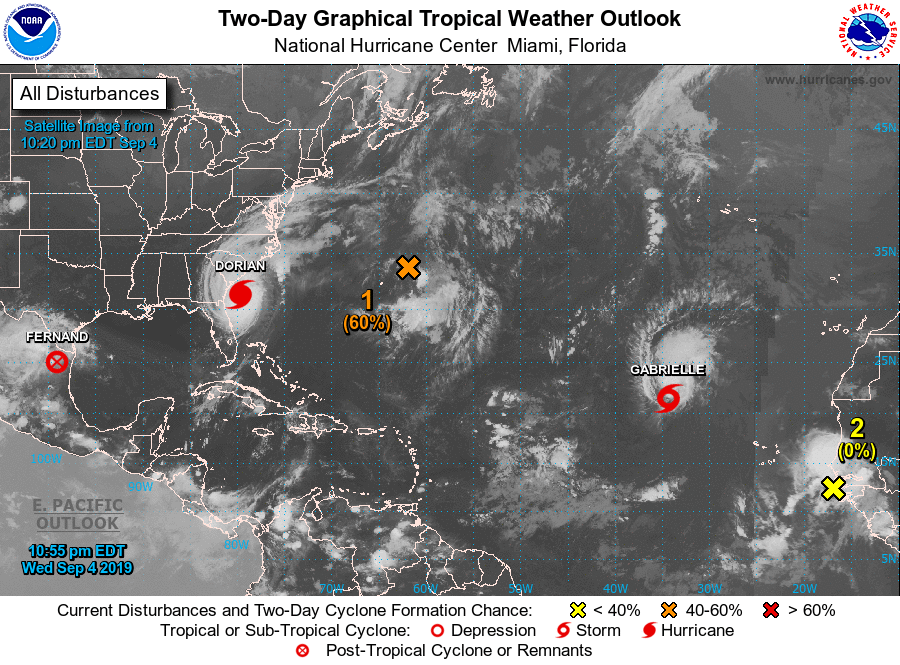
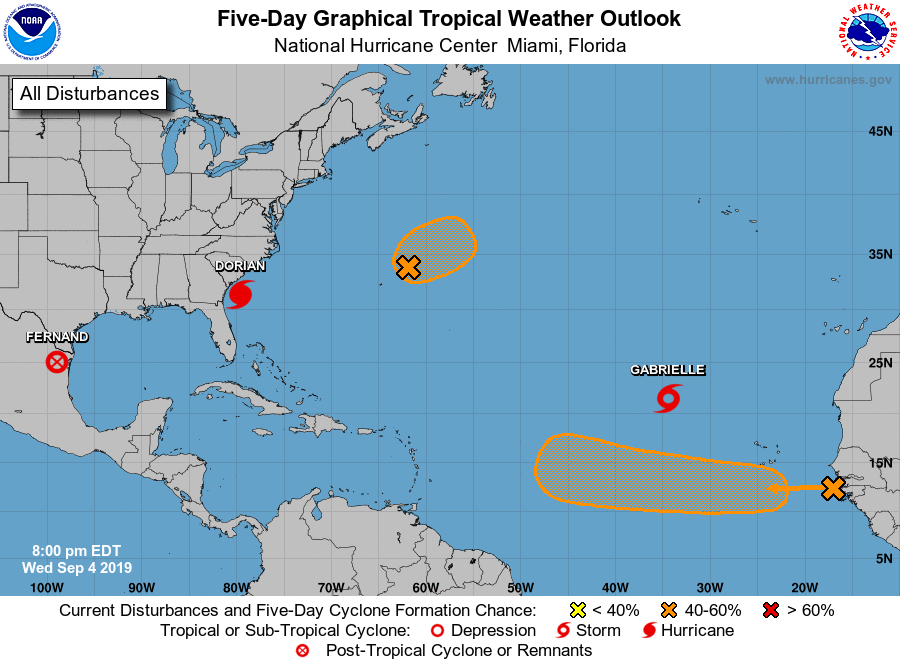
For the North Atlantic...Caribbean Sea and the Gulf of Mexico:

The National Hurricane Center is issuing advisories on Hurricane Dorian, located a little over 100 miles south of Charleston, South Carolina, on Tropical Depression Fernand, located inland over eastern Mexico, and on Tropical Storm Gabrielle, located several hundred miles northwest of the Cabo Verde Islands.

1. A small area of low pressure located about 200 miles northeast of Bermuda is producing showers and thunderstorms well to the southeast of the center. Only a small decrease in the upper level winds could result in the formation of a tropical depression in the next day or so. However, by Saturday upper-level winds are forecast to increase even further, making conditions unfavorable for tropical cyclone formation.
* Formation chance through 48 hours...medium...60 percent.
* Formation chance through 5 days...medium...60 percent.

2. A tropical wave along the coast of Africa will begin to move over the eastern Atlantic tonight. Environmental conditions appear to be conducive for some slow development late this week, and this system has the potential to become a tropical depression early next week while it moves westward across the tropical Atlantic Ocean.
* Formation chance through 48 hours...low...near 0 percent.
* Formation chance through 5 days...medium...50 percent.

Forecaster Latto